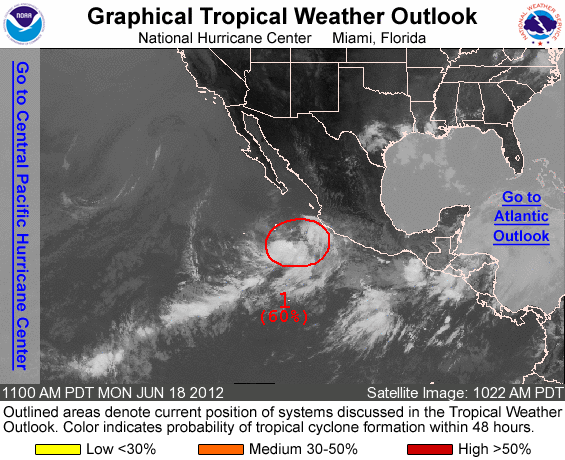
FOR THE EASTERN NORTH PACIFIC...EAST OF 140 DEGREES WEST LONGITUDE..

1. SHOWER AND THUNDERSTORM ACTIVITY ASSOCIATED WITH AN AREA OF LOW PRESSURE LOCATED ABOUT 260 MILES WEST-SOUTHWEST OF MANZANILLO MEXICO IS SHOWING SIGNS OF ORGANIZATION. ENVIRONMENTAL CONDITIONS ARE FAVORABLE FOR ADDITIONAL DEVELOPMENT...AND THIS SYSTEM COULD BECOME A TROPICAL DEPRESSION DURING THE NEXT DAY OR SO AS IT MOVES SLOWLY EASTWARD. THIS SYSTEM HAS A HIGH CHANCE...60 PERCENT...OF BECOMING A TROPICAL CYCLONE DURING THE NEXT 48 HOURS. REGARDLESS OF DEVELOPMENT...LOCALLY HEAVY RAINFALL AND THE THREAT FOR FLASH FLOODS AND MUDSLIDES WILL CONTINUE OVER PORTIONS OF SOUTHWESTERN MEXICO FOR THE NEXT COUPLE OF DAYS.

ELSEWHERE...TROPICAL CYCLONE FORMATION IS NOT EXPECTED DURING THE NEXT 48 HOURS.

FORECASTER BROWN